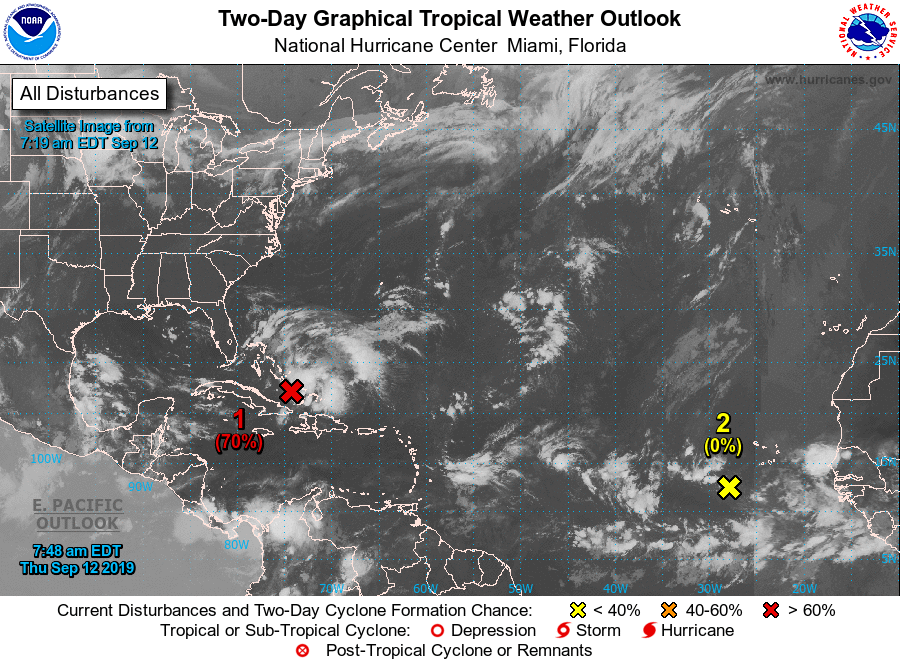
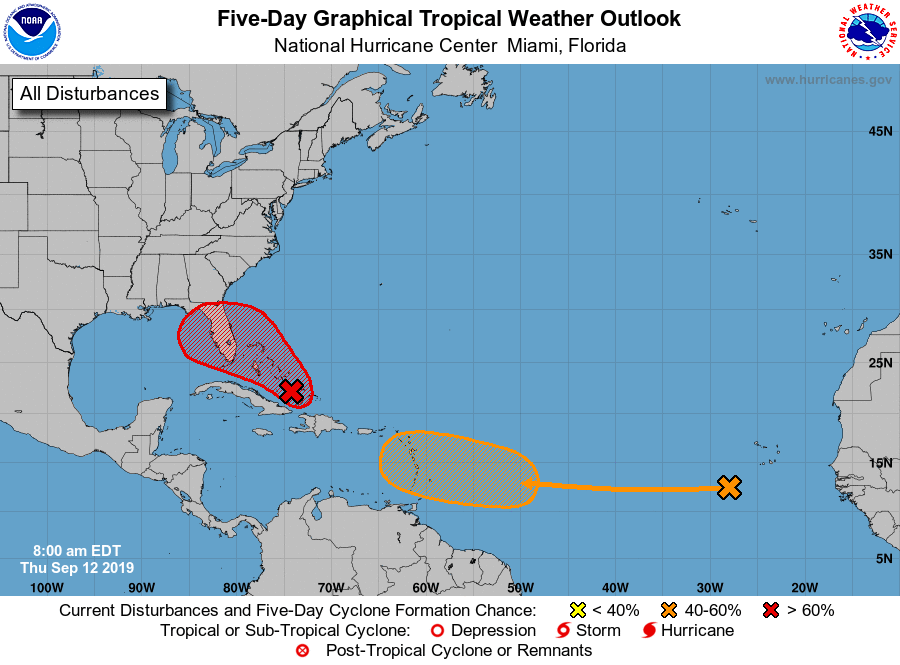
For the North Atlantic...Caribbean Sea and the Gulf of Mexico:

1. Satellite images indicate that the area of disturbed weather over the central and southeastern Bahamas is gradually becoming better organized while surface pressures are falling in the area. Conditions are becoming favorable for a tropical depression or a tropical storm to form within the next day or so as the system moves toward the northwest through the northwestern Bahamas and toward the Florida Peninsula at 5 to 10 mph. If this development trend continues Potential Tropical Cyclone advisories will likely be initiated later today. This disturbance will bring heavy rainfall and gusty winds across portions of the Bahamas through Friday, especially in portions of the northwestern Bahamas affected by Hurricane Dorian. An Air Force Reserve reconnaissance aircraft is scheduled to investigate the system this afternoon, if necessary.
* Formation chance through 48 hours...high...70 percent.
* Formation chance through 5 days...high...80 percent.

2. A tropical wave located several hundred miles west of the Cabo Verde Islands is producing disorganized showers and thunderstorms. Conditions appear conducive for development, and a tropical depression could form early next week while the system moves westward over the tropical Atlantic.
* Formation chance through 48 hours...low...near 0 percent.
* Formation chance through 5 days...medium...40 percent.

Forecaster Avila